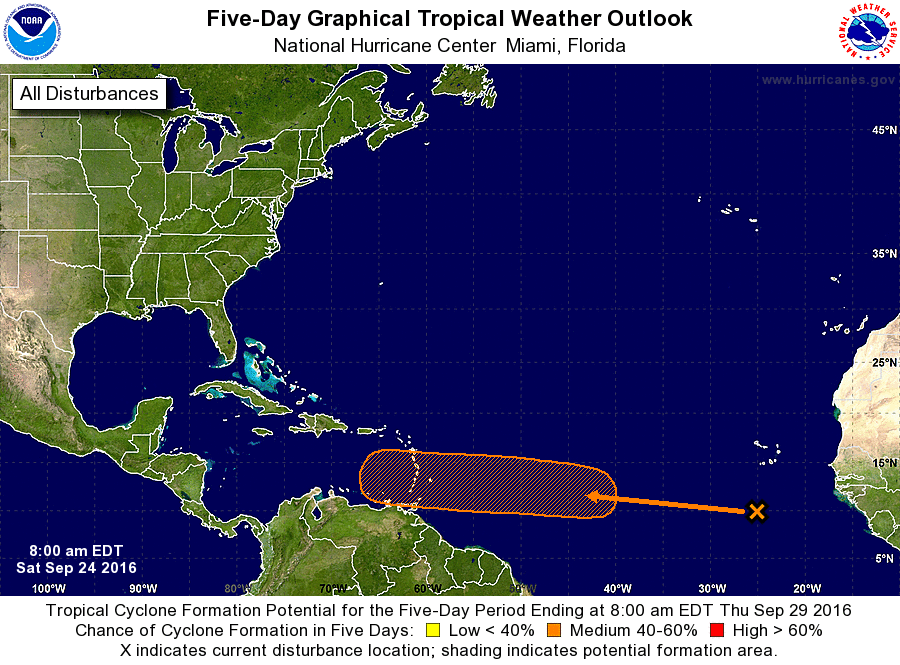
For the North Atlantic...Caribbean Sea and the Gulf of Mexico:

The National Hurricane Center is issuing advisories on Tropical Storm Karl, located east of Bermuda, and on Tropical Depression Lisa, located over the eastern tropical Atlantic.

1. A tropical wave, accompanied by a broad area of low pressure, is located south of the Cabo Verde Islands. This disturbance is expected to move rapidly westward across the tropical Atlantic Ocean at 20 to 25 mph for the next several days. Environmental conditions are expected to become conducive for gradual development, and a tropical depression could form while the system approaches the Lesser Antilles and moves into the Caribbean Sea by the middle of next week.
* Formation chance through 48 hours...low...10 percent
* Formation chance through 5 days...medium...50 percent

Forecaster Brennan